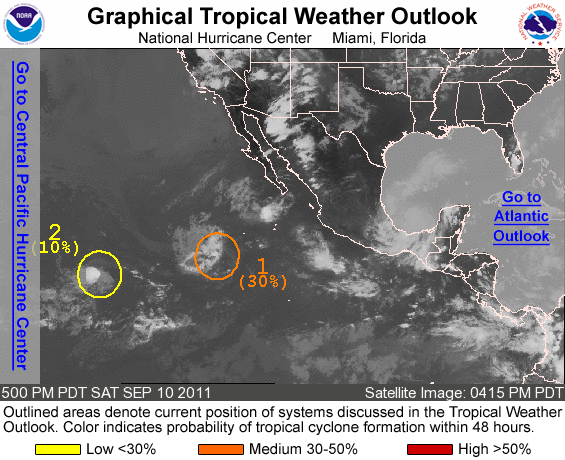
FOR THE EASTERN NORTH PACIFIC...EAST OF 140 DEGREES WEST LONGITUDE..

1. AN AREA OF LOW PRESSURE IS CENTERED ABOUT 725 MILES SOUTHWEST OF THE SOUTHERN TIP OF BAJA CALIFORNIA. WHILE THE ASSOCIATED SHOWER AND THUNDERSTORM ACTIVITY IS CURRENTLY MINIMAL...SOME SLOW DEVELOPMENT OF THIS SYSTEM IS POSSIBLE OVER THE NEXT DAY OR SO BEFORE IT MOVES SLOWLY NORTHWARD TOWARD COOLER WATERS. THIS SYSTEM HAS A MEDIUM CHANCE...30 PERCENT...OF BECOMING A TROPICAL CYCLONE DURING THE NEXT 48 HOURS.

2. DISORGANIZED SHOWERS AND THUNDERSTORMS CONTINUE IN ASSOCIATION WITH A WEAK AREA OF LOW PRESSURE LOCATED ABOUT 1550 MILES WEST-SOUTHWEST OF THE SOUTHERN TIP OF BAJA CALIFORNIA. UPPER-LEVEL WINDS ARE NOT CURRENTLY CONDUCIVE AND DEVELOPMENT...IF ANY...SHOULD BE SLOW TO OCCUR AS THE LOW REMAINS NEARLY STATIONARY. THIS SYSTEM HAS A LOW CHANCE...10 PERCENT...OF BECOMING A TROPICAL CYCLONE DURING THE NEXT 48 HOURS.

ELSEWHERE...TROPICAL CYCLONE FORMATION IS NOT EXPECTED DURING THE NEXT 48 HOURS.

FORECASTER BEVEN